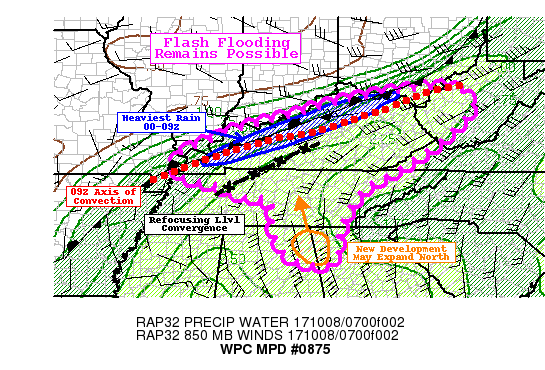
AREAS AFFECTED...KY...WRN WV...CTRL AND ERN TN...FAR NW GA...NE AL

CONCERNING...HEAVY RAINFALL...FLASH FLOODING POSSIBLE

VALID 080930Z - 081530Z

SUMMARY...RENEWED DEVELOPMENT OF HEAVY RAIN BANDS EXPECTED 09-12Z
OVER THE TENNESSEE VALLEY REGION...WHICH MAY LEAD TO AREAS OF
FLASH FLOODING BY 15Z.

DISCUSSION...THE HEAVY RAIN BAND THAT HAS PRODUCED TOTALS IN
EXCESS OF 3 INCHES ALREADY IN PARTS OF WRN/NRN KENTUCKY HAS NOT
MOVED APPRECIABLY IN THE PAST 6 HOURS. IT WAS STILL LOCATED ALONG
A STALLING FRONTAL BOUNDARY IN THE VICINITY OF THE OHIO RIVER.
REFLECTIVITY DIMINISHED IN THE 07-09Z TIME FRAME...LIKELY DUE TO A
GRADUAL WEAKENING OF LOW-LEVEL CONVERGENCE ALONG THE
FRONT...COUPLED WITH DECREASING INSTABILITY. THESE TRENDS SUGGEST
IT WILL LIKELY TAKE ADDITIONAL DEVELOPMENT OF SHALLOW CONVECTIVE
RAIN BANDS TO PRODUCE FLASH FLOODING ACROSS THE REGION. THE
OVERALL ENVIRONMENT CONTINUES TO BE SUPPORTIVE OF HEAVY RAIN RATES
WITH PWATS IN EXCESS OF 2 INCHES AND A NARROW CAPE PROFILE. MRMS
30 DBZ ECHO TOPS HAVE GENERALLY BEEN BELOW 20 KFT OVER THE PAST
FEW HOURS (BELOW THE -10C LEVEL) SUGGESTIVE OF A LACK OF ICE IN
THE CLOUDS AND DOMINANT WARM RAIN PROCESSES. THIS WAS LIKELY
LEADING TO UNDERESTIMATION OF RAIN RATES BY RADARS. AN AVERAGE OF
SIX KENTUCKY MESONET SITES FROM GRAYSON COUNTY TO NEAR LEXINGTON
SHOWED THAT RADAR ESTIMATES FROM KLMK WERE ABOUT 63 PERCENT OF
OBSERVED VALUES. THIS TREND SHOULD BE MONITORED THROUGH THE
DAY...ESPECIALLY AS PWATS ARE EXPECTED TO INCREASE WITH A SURGE OF
TROPICAL MOISTURE FROM CLOSER TO NATE.

THE RENEWED DEVELOPMENT APPEARS LIKELY GIVEN SIGNALS ON BOTH
HI-RES AND GLOBAL MODELS. THE PRIMARY AXIS OF LOW-LEVEL
CONVERGENCE APPEARED TO BE REFOCUSING A BIT FURTHER SOUTH (KHZD TO
KCKV TO KGLW TO KRGA; OR NEAR THE KY-TN BORDER) AND REGIONAL
RADARS SHOWED GROWTH OF SHOWERS IN THIS CORRIDOR. THE 08Z RAP
SHOWED AN INCREASE IN UPPER LEVEL DIVERGENCE IN THE RIGHT ENTRANCE
REGION OF A JET STREAK...ALONG WITH A SUBSTANTIAL INCREASE IN
SFC-850MB MOISTURE FLUX CONVERGENCE AS STRONGER LOW LEVEL FLOW ON
THE E/NE SIDE OF NATE SURGES INTO TENNESSEE. THE COMBINATION OF
THESE FACTORS SUGGESTS NEW RAIN BAND(S) SHOULD BECOME ESTABLISHED
OVER THE NEXT FEW HOURS WITH SOME PERSISTENCE OR A SLOW NORTHWARD
DRIFT POSSIBLE THEREAFTER. IF HEAVY RAIN CAN MOVE INTO AREAS OF
SATURATED SOILS...FLASH FLOODING MAY BE MORE LIKELY...ALTHOUGH IT
WOULD BE POSSIBLE WITH ANY SLOW-MOVING RAIN BAND WITH A COUPLE
HOURS OF PERSISTENCE. RAIN RATES OF 1-2 IN/HR SHOULD BE FAIRLY
COMMON WITH HEAVIER RAIN BANDS...AND ISOLATED EXTREMES UP TO 3
IN/HR CANNOT BE RULED OUT...PARTICULARLY AFTER 12Z AS HIGHER PWATS
PUSH INTO THE REGION.

ONE OTHER AREA TO MONITOR IS A REGION OF RELATIVELY NEW CONVECTIVE
DEVELOPMENT ALONG THE NORTHERN PORTION OF THE AL-GA BORDER WHICH
HAS BEEN SLOWLY MOVING NORTH. SOME HI-RES MODELS CONTINUE THIS
SLOW TRAINING MOTION AND EXPAND THE HEAVY RAIN INTO EASTERN
TENNESSEE AND THE CUMBERLAND PLATEAU REGION THIS MORNING.
HOWEVER...THERE IS LESS OF A DISTINCT FOCUSING MECHANISM IN THIS
AREA THROUGH 15Z...SO THE FLASH FLOOD THREAT MAY BE MORE LOCALIZED
IN THESE AREAS.